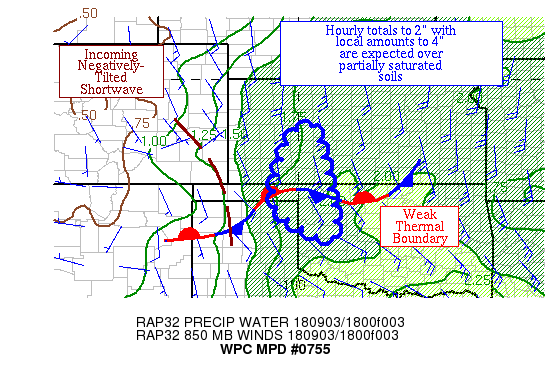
Areas affected...Vicinity of Southwest KS & Northern OK

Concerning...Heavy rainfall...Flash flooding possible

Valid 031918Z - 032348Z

Summary...Thunderstorms are increasing in coverage in this area.
Cell collisions and training could yield hourly totals to 2" and
local amounts to 4"

Discussion...Clouds are beginning to thin across this area which
is allowing convection to expand in coverage and intensity ahead
of an upper level trough located across the southern Rockies.
Precipitable water values are 1.5-1.9" per GPS data.  Inflow at
850 hPa is southeast at 10-20 knots.  SPC mesoanalyses show
effective bulk shear of 25 kts in the region.  ML CAPE values are
in the 1000-2000 J/kg range.

The biggest heavy rain threat appears to be upcoming cell
collisions between the incoming convection across northwest OK
from the southeast and the activity edging eastward across
southwest KS, which has been occasionally backbuilding.  The
mesoscale guidance shows 1"+ an hour rain rates peaking in the
19-23z period.  Local amounts in the 4" range are indicated by the
guidance, which would further saturated soils left prone by
rainfall near the OK/TX panhandle border Wednesday night and
across southern KS over the past few days.